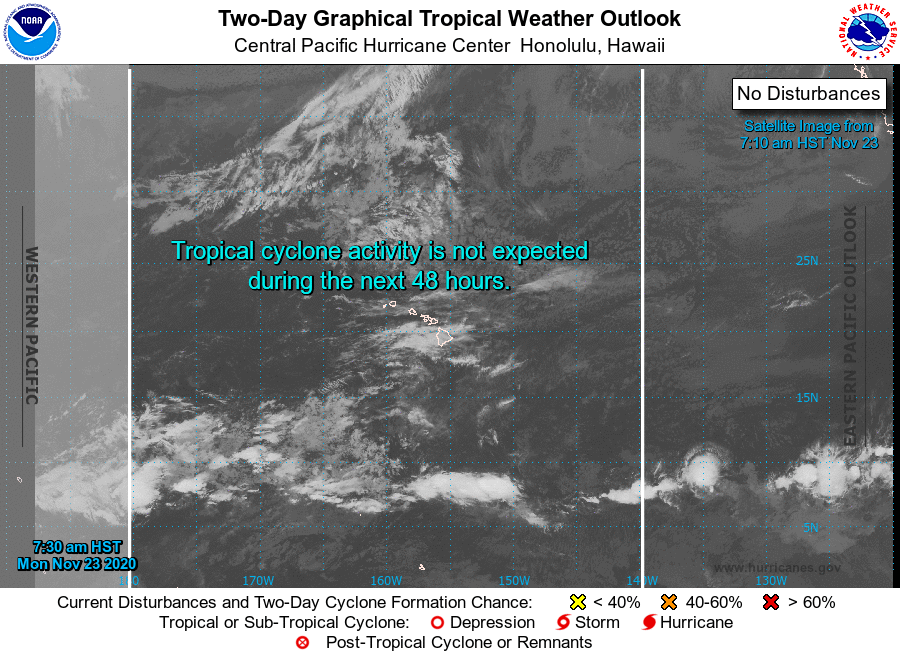
For the central North Pacific...between 140W and 180W:

No tropical cyclones are expected during the next 5 days.

Forecaster Blood